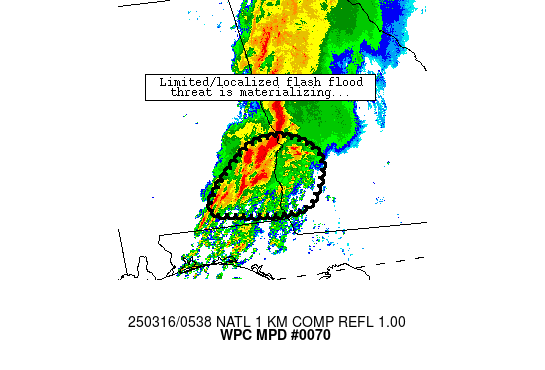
Areas affected...a small part of southeastern Alabama and
southwestern Georgia

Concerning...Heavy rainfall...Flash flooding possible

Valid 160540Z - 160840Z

Summary...Localized training of storms on the southwestern flank
of a linear MCS near Columbus could pose a localized flash flood
risk over the next couple hours.

Discussion...Scattered to numerous thunderstorms have grown
upscale into an extensive linear segment from near La Grange to
Columbus, GA over the past couple hours.  On the southwestern
flank of this MCS, scattered convection continues to increase in
coverage and intensity generally in the area of Troy and
Andalusia, AL.  These storms are in a very strongly sheared, moist
and unstable environment with minimal capping.  Additionally,
surface wind vectors suggest strong, focused convergence along the
southwestern end of the linear MCS that, when combined with nearly
2 inch PW values, should support areas of training/backbuilding
especially within the stronger instability across southeastern
Alabama.  Areas of 2-2.5 inch/hr rain rates have been estimated on
the southwestern flank of the MCS (southwest of Columbus), and
short term trends suggest that heavy rainfall should continue in
this area for at least another couple hours until a surface trough
(extending along I-65 from Montgomery to Evergreen) translates
eastward through the area later tonight.

The mesoscale pattern could support an instance or two of flash
flooding as rainfall totals approach FFG thresholds (generally in
the 2.5 inch/hr and 3 inch/3-hr range) over the next couple hours.
 An additional 2-3 inches of rainfall cannot be ruled out in the
wake of the initial MCS.  Weaker surface-based instability over
Georgia should mitigate the eastward extent of the flash flood
risk.